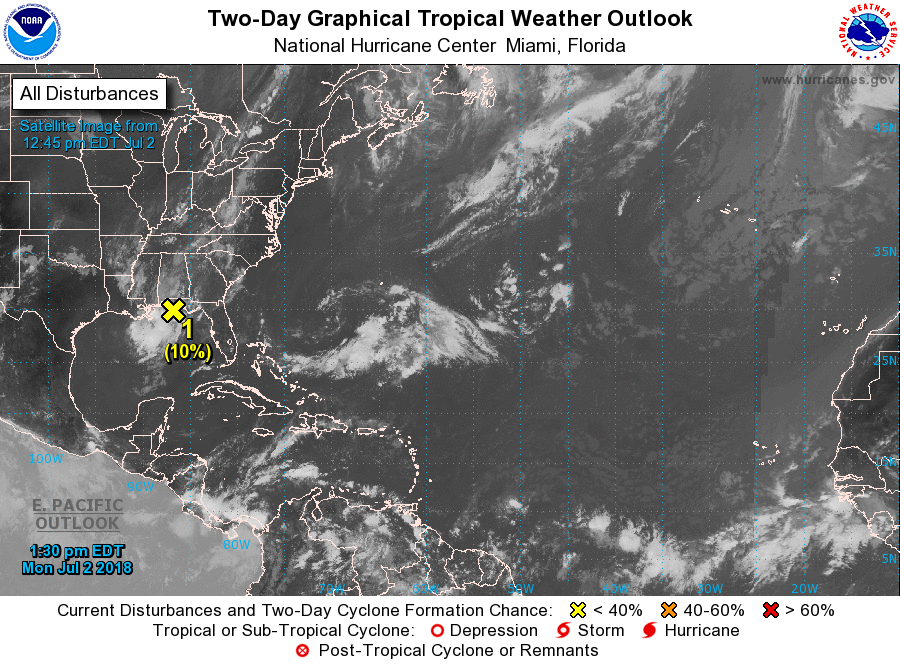
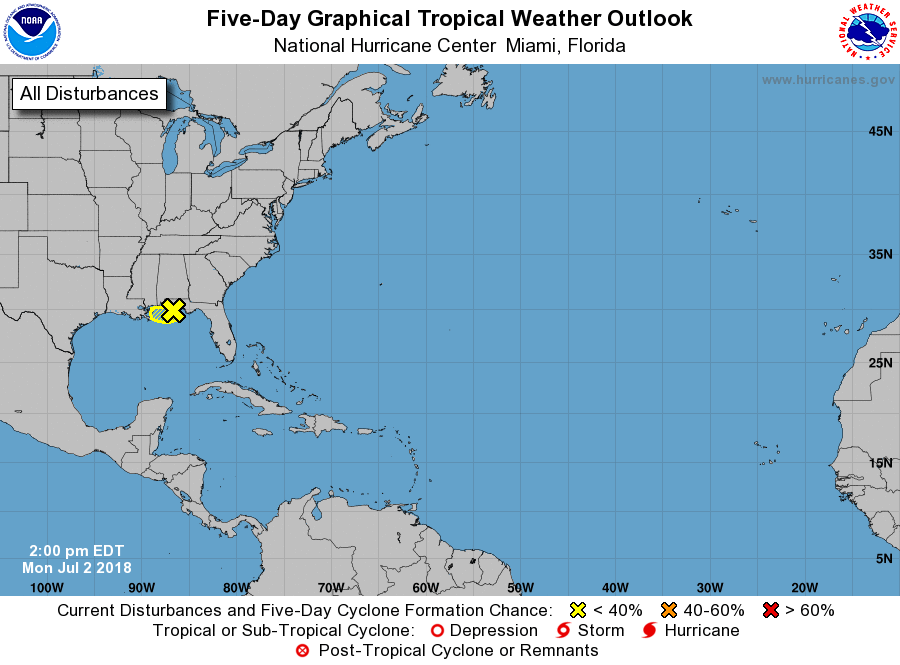
For the North Atlantic...Caribbean Sea and the Gulf of Mexico:

1. A large area of disorganized showers and thunderstorms extending from the north-central Gulf of Mexico across the western Florida panhandle is associated with a broad area of low pressure and associated surface trough. Close proximity to land should prevent significant development of this system before it moves westward and inland over southeastern Louisiana on Tuesday. Regardless of development, this system is forecast to produce locally heavy rainfall along portions of the northern Gulf Coast during the next couple of days. Additional information on this system can be found in products issued by your local National Weather Service office.
* Formation chance through 48 hours...low...10 percent.
* Formation chance through 5 days...low...10 percent.

Forecaster Brown